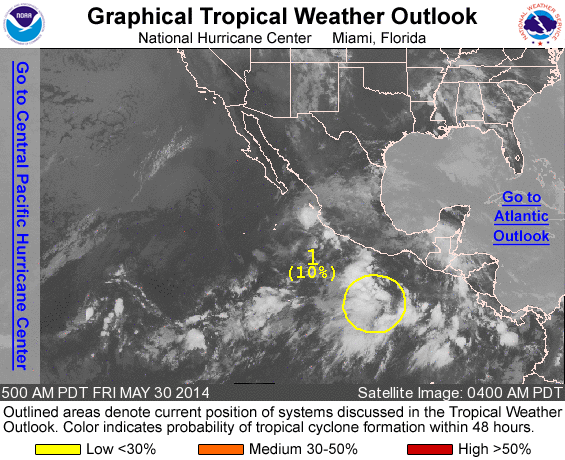
For the eastern North Pacific...east of 140 degrees west longitude:

1. An area of disturbed weather has formed several hundred miles south of southeastern Mexico. This activity is currently poorly organized, but environmental conditions should become conducive for gradual development of this system during the next few days as it drifts northward.
* Formation chance through 48 hours...low...near 10 percent
* Formation chance through 5 days...medium...50 percent

Forecaster Avila